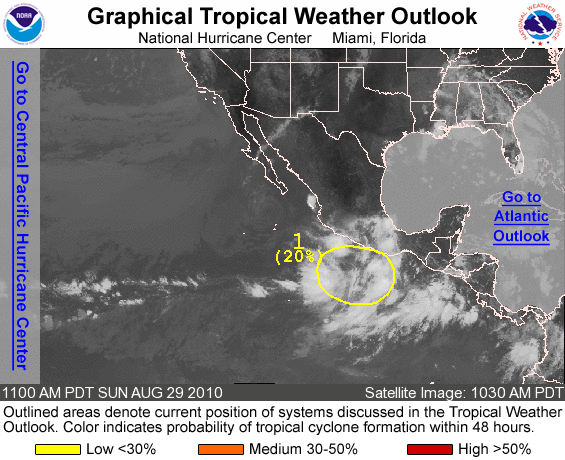
FOR THE EASTERN NORTH PACIFIC...EAST OF 140 DEGREES WEST LONGITUDE..

1. SHOWERS AND THUNDERSTORMS CONTINUE IN ASSOCIATION WITH A BROAD AREA OF LOW PRESSURE CENTERED SEVERAL HUNDRED MILES SOUTH OF ACAPULCO MEXICO. DEVELOPMENT...IF ANY...OF THIS SYSTEM IS EXPECTED TO BE SLOW TO OCCUR AS IT MOVES WEST-NORTHWESTWARD AT AROUND 10 MPH. THERE IS A LOW CHANCE...20 PERCENT...OF THIS SYSTEM BECOMING A TROPICAL CYCLONE DURING THE NEXT 48 HOURS.

ELSEWHERE...TROPICAL CYCLONE FORMATION IS NOT EXPECTED DURING THE NEXT 48 HOURS.

FORECASTER LANDSEA/BERG